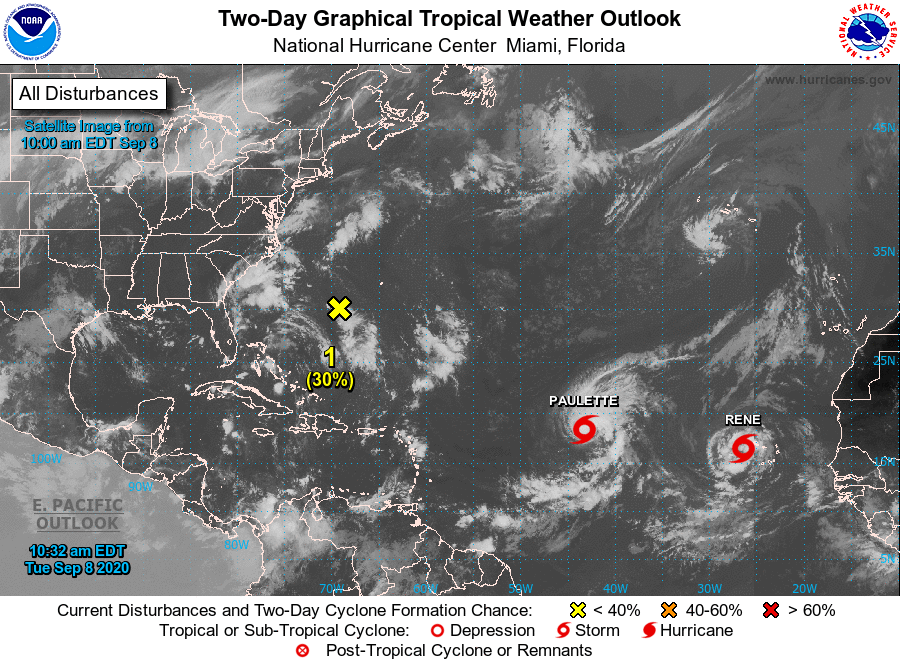
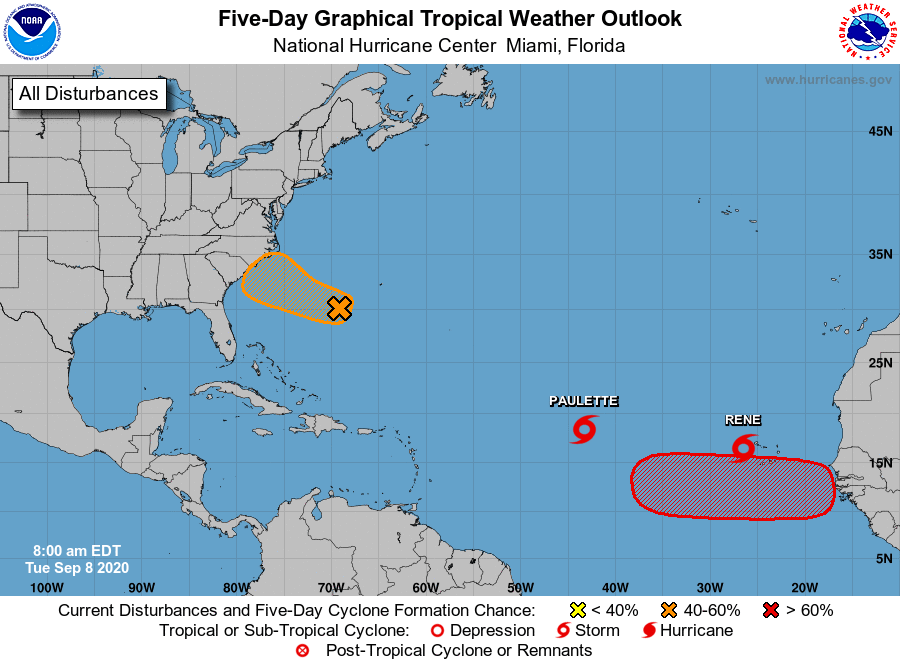
For the North Atlantic...Caribbean Sea and the Gulf of Mexico:

The National Hurricane Center is issuing advisories on Tropical Storm Paulette, located over the central tropical Atlantic, and on Tropical Storm Rene, located near the western Cabo Verde Islands.

1. An area of low pressure is located about 300 miles west-southwest of Bermuda. Showers and thunderstorm activity associated with the low has increased since last night, but remains somewhat disorganized. Gradual additional development of this system is possible during the next two or three days and it could become a tropical depression while it moves slowly westward to west-northwestward. Interests along the southeast coast of the U.S. should monitor the progress of this disturbance.
* Formation chance through 48 hours...low...30 percent.
* Formation chance through 5 days...medium...40 percent.

2. A tropical wave is forecast to emerge off the west coast of Africa by Thursday. Gradual development is expected once the system moves over water, and a tropical depression is likely to form late this week or over the weekend while the system moves generally westward across the eastern tropical Atlantic.
* Formation chance through 48 hours...low...near 0 percent.
* Formation chance through 5 days...high...70 percent.

Forecaster Zelinsky